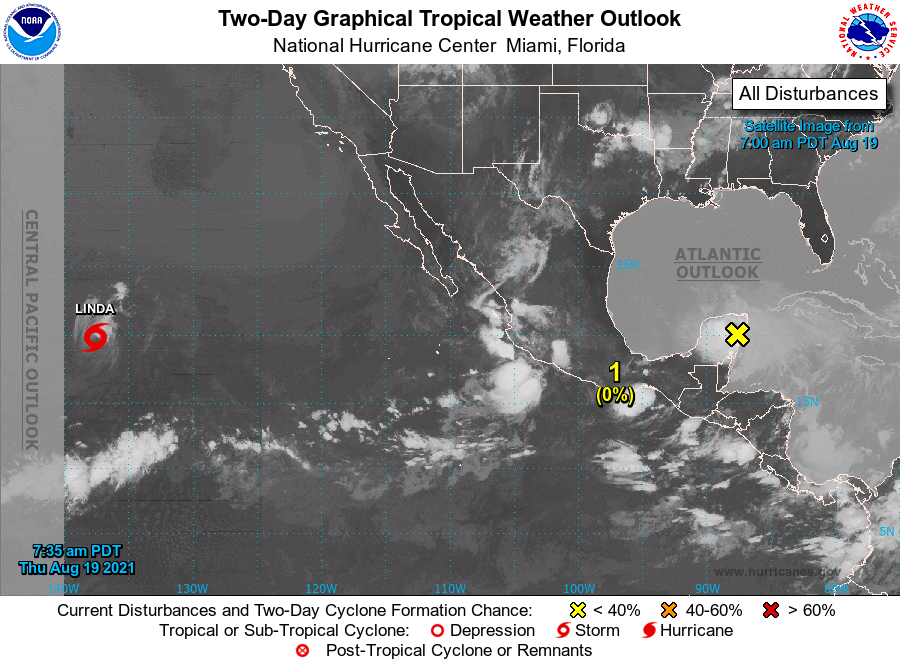
For the eastern North Pacific...east of 140 degrees west longitude:

The National Hurricane Center is issuing advisories on Hurricane Linda, located approximately 1200 miles east of Hilo, Hawaii.

1. Hurricane Grace, located over the northwestern Caribbean Sea, is forecast to move inland over mainland Mexico Friday night and dissipate over Mexico by late Saturday. However, Grace's remnants are expected to continue westward and emerge over the eastern Pacific Ocean off the west-central coast of Mexico early Sunday. Environmental conditions are forecast to be conducive for development, and a tropical depression could form late this weekend or early next week while the system moves westward at 10 to 15 mph away from the coast of Mexico.
* Formation chance through 48 hours...low...near 0 percent.
* Formation chance through 5 days...medium...50 percent.

Forecaster Cangialosi